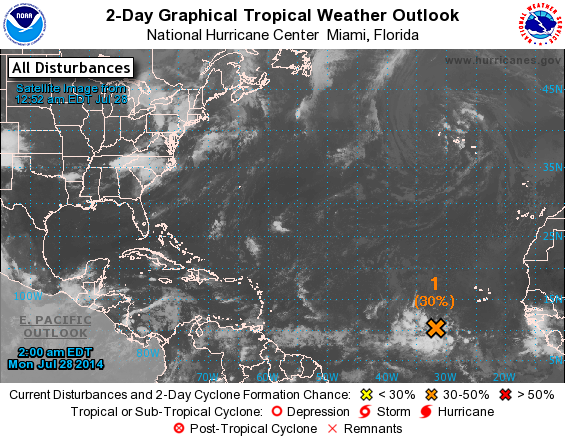
For the North Atlantic...Caribbean Sea and the Gulf of Mexico:

1. A tropical wave located about 550 miles southwest of the Cape Verde Islands is producing a large area of cloudiness and thunderstorms. Shower activity has increased and become a little better organized during the past several hours, and environmental conditions are expected to be conducive for additional development of this disturbance over the next several days while it moves generally westward at 10 to 15 mph.
* Formation chance through 48 hours...medium...30 percent.
* Formation chance through 5 days...high...70 percent.

Forecaster Stewart